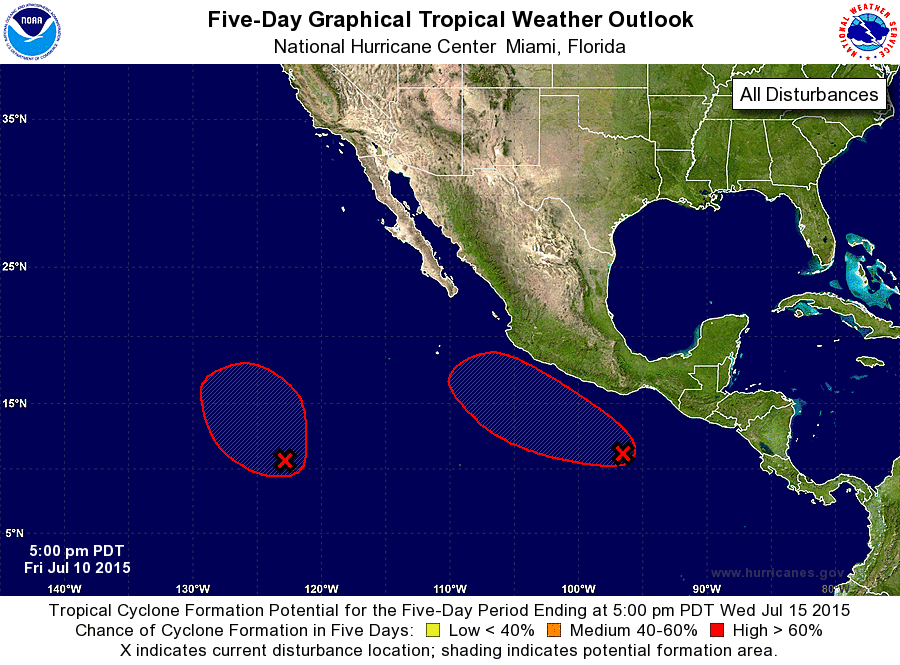
For the eastern North Pacific...east of 140 degrees west longitude:

1. An area of low pressure located about 1200 miles southwest of the southern tip of Baja California Sur is currently producing disorganized shower and thunderstorm activity. Conditions appear to be conducive for development, and a tropical depression will likely form over the weekend while the low moves generally northwestward.
* Formation chance through 48 hours...high...80 percent
* Formation chance through 5 days...high...90 percent

2. Showers and thunderstorms associated with a low pressure system located about 400 miles south-southeast of Acapulco Mexico continue to become better organized. Environmental conditions are expected to be conducive for continued development, and this system will likely become a tropical depression during the next day or two while it moves generally west-northwestward to northwestward. Interests along the southern and southwestern coasts of Mexico should monitor the progress of this system.
* Formation chance through 48 hours...high...80 percent
* Formation chance through 5 days...high...90 percent

Forecaster Beven